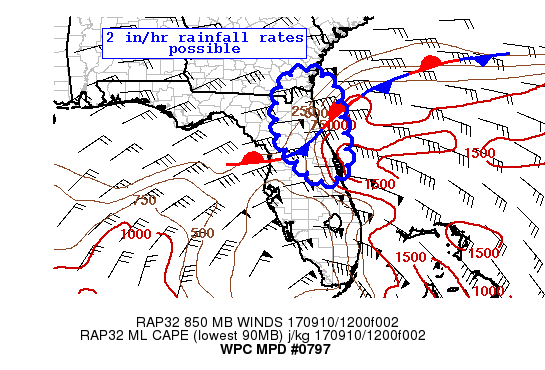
AREAS AFFECTED...NORTHEASTERN AND EAST CENTRAL FL...SOUTHEASTERN
GA

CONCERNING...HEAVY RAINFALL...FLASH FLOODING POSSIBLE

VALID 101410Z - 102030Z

SUMMARY...FLASH FLOODING IS POSSIBLE INTO THE AFTERNOON HOURS AS A
SURFACE FRONT AND STRENGTHENING LOW-LEVEL FLOW ENHANCE ASCENT WELL
NORTH OF HURRICANE IRMA.

DISCUSSION...HURRICANE IRMA WAS POSITIONED NEAR THE LOWER FLORIDA
KEYS AS OF 14Z AND THE NATIONAL HURRICANE CENTER FORECASTS IT TO
CONTINUE MOVING NORTH-NORTHWEST ALONG THE WESTERN COAST OF FLORIDA
THROUGH TONIGHT. NORTH OF IRMA, A STATIONARY SURFACE FRONT, THE
LEADING EDGE OF A SIGNIFICANTLY DRIER AIR MASS ACROSS THE INTERIOR
SOUTHEASTERN U.S., WAS SITUATED ACROSS THE NORTHERN FLORIDA
PENINSULA. A HIGHLY MOIST (PWATS OF 2.3-2.4 IN.) AND MODERATELY
UNSTABLE (MLCAPE 1000-2000 J/KG) AIR MASS WAS IN PLACE FROM EAST
CENTRAL PORTIONS OF THE FL PENINSULA INTO THE ATLANTIC OCEAN, PER
LATEST SPC MESOANALYSIS. EASTERLY FLOW OF 40-45 KT AT 850 HPA WAS
TRANSPORTING THIS AIR MASS ACROSS THE FRONTAL BOUNDARY, ENHANCING
RAINFALL PRODUCTION. RAINFALL RATES HAVE WANED A BIT AT THE
MOMENT, WITH CURRENT OBSERVATIONS AND RADAR ESTIMATES GENERALLY
INDICATING MAXIMUM RATES UP TO 1 IN/HR.

LOW-LEVEL EASTERLY FLOW IS EXPECTED TO INCREASE FURTHER THROUGH
THE DAY, WITH THE LATEST RAP INDICATING 850 HPA EASTERLY FLOW
INCREASING TO 50 KT BY EARLY AFTERNOON. THIS COMBINED WITH A
DIURNAL INCREASE IN INSTABILITY IS EXPECTED TO GRADUALLY INCREASE
RAINFALL RATES. ADDITIONALLY, 250 HPA SPEED DIVERGENCE IS EXPECTED
TO INCREASE BY AFTERNOON, AS A JET STREAK IS FORECAST BY THE RAP
TO STRENGTHEN ACROSS GEORGIA, AIDING IN THE SUPPORT OF DEEPER
ASCENT. HI-RES GUIDANCE ARE IN GENERAL AGREEMENT ON THE POTENTIAL
FOR 1-2 IN/HR RAINFALL RATES BY EARLY AFTERNOON, WITH ISOLATED
AREAS EXCEEDING 2 IN/HR. ADDITIONAL RAINFALL AMOUNTS OF 2 TO 4
INCHES ARE EXPECTED THROUGH 2030Z, WITH LOCALLY HIGHER AMOUNTS
POSSIBLE. FLASH FLOODING IS POSSIBLE.